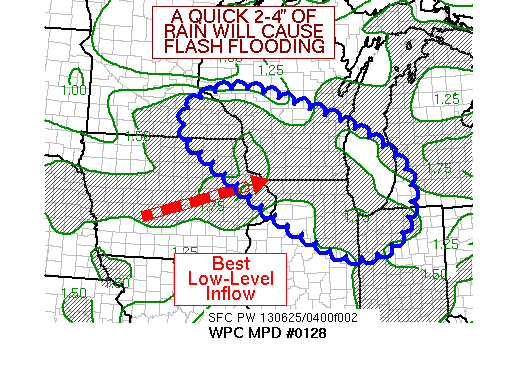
AREAS AFFECTED...SOUTHEAST MN...EXTREME NORTHEAST IA...SOUTHERN
WI...NORTHERN IL...NORTHWEST IN...SOUTHWEST LOWER PENINSULA OF MI

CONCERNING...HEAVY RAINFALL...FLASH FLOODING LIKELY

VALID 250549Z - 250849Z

SUMMARY...A GROWING COMPLEX OF THUNDERSTORMS ACROSS THE UPPER
MIDWEST AND UPPER MISSISSIPPI VALLEY CONTINUES TO PRODUCE HEAVY
RAINFALL, WHICH IS NOW EXPANDING TOWARDS NORTHERN IL.  FLASH
FLOODING IS LIKELY IN THIS REGION.

DISCUSSION...A BURGEONING BAND OF THUNDERSTORMS CONTINUES TO
ORGANIZE ACROSS SOUTHEAST MN, EXTREME NORTHEAST IA, AND SOUTHERN
WI, WITH CONTINUED EVIDENCE OF BACKBUILDING ON RADAR IMAGERY --
ADVERTISED BY GFS-BASED CORFIDI VECTORS -- LEADING TO AN EAST-WEST
EXPANSION OF THE CONVECTION.  THIS CONVECTIVE AREA CONTINUES TO BE
ELEVATED NORTH OF A FRONTAL BOUNDARY DOWN ACROSS SOUTHEAST NE AND
NORTHERN MO AND NEAR AN AREA OF 750-650 HPA FRONTOGENESIS.  THE
AREA REMAINS DIVERGENT ALOFT SOUTH OF AN UPPER LEVEL LOW IN
ONTARIO AND TO THE EAST OF A NORTH-SOUTH ORIENTED UPPER-LEVEL
SHEAR LINE IN THE CENTRAL PLAINS.

THE SOUTHERN PORTION OF THIS ACTIVITY IS EXPANDING SOUTHEAST AT A
FASTER RATE THAN THE 00Z HRRR, LIKELY DUE TO AN INCREASINGLY
WEST-EAST ALIGNMENT OF THE STRONGER LOW-LEVEL INFLOW TOWARDS
NORTHERN IL, WHICH HAS INCREASED TOWARDS 45 KNOTS AT 850 HPA.
PRECIPITABLE WATER VALUES OF 1.75 EXIST ACROSS THE AREA, AND
SATELLITE-DERIVED CAPES REMAIN IN THE 2500-4000 J/KG RANGE
INDICATING SIGNIFICANT INSTABILITY CONTINUES ACROSS SOUTHERN WI
AND IA.  WITH THE EARLIER BAND OF THUNDERSTORMS IN EASTERN KS ON
THE DOWNTURN, THERE SEEMS TO BE LITTLE HINDRANCE TO THE CONTINUED
ORGANIZATION OF THIS CONVECTIVE CLUSTER CONSIDERING THE DEGREE OF
LOW-LEVEL INFLOW AVAILABLE.  HOWEVER, THE SOUTHEAST PORTION COULD
ORGANIZE ENOUGH TO BOW OUT AS A SQUALL LINE AND MOVE TO THE EAST
AND SOUTHEAST ACROSS NORTHERN IL INTO NORTHERN IN/SOUTHERN MI BY
09Z, WHICH WILL NEED TO BE WATCHED.

RAINFALL RATES HAVE BEEN IMPRESSIVE WITH THE THUNDERSTORMS ACROSS
NORTHEAST IA AND SOUTHWEST WI, WITH 1.27" REPORTED IN 25 MINUTES
AROUND 0444Z, WHICH LED TO A BRIDGE WASHOUT IN IA.  AS FLASH FLOOD
GUIDANCE VALUES REMAIN AROUND 1.5 INCHES IN THREE HOURS, AND LOCAL
RAINFALL AMOUNTS OF 2-4 INCHES ARE EXPECTED, FLASH FLOODING IS
LIKELY IN THIS REGION.